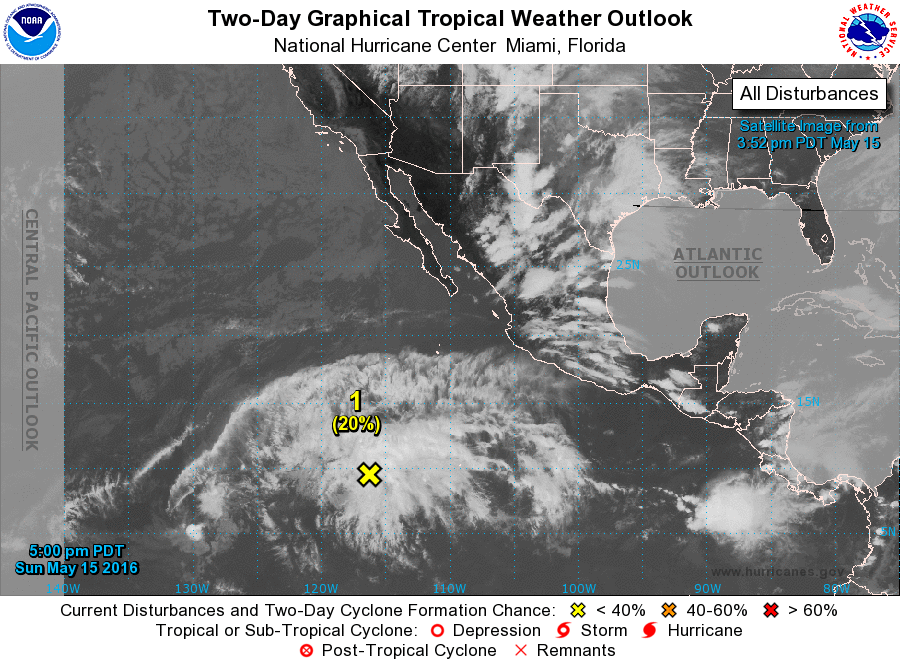
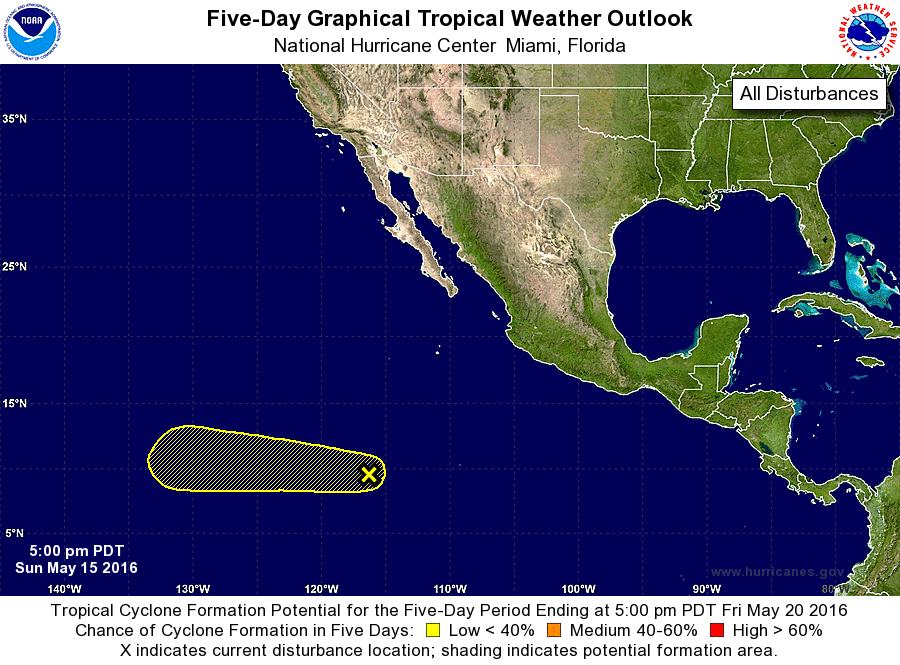
For the eastern North Pacific...east of 140 degrees west longitude:

1. A low pressure system located about 1000 miles south-southwest of the southern tip of the Baja California Peninsula is producing disorganized showers and thunderstorms. Any development of this disturbance is expected to be slow to occur during the next couple of days while it moves westward to west-northwestward at 5 to 10 mph. After that time, upper-level winds are forecast to become less conducive for tropical cyclone formation.
* Formation chance through 48 hours...low...20 percent
* Formation chance through 5 days...low...20 percent

Forecaster Stewart